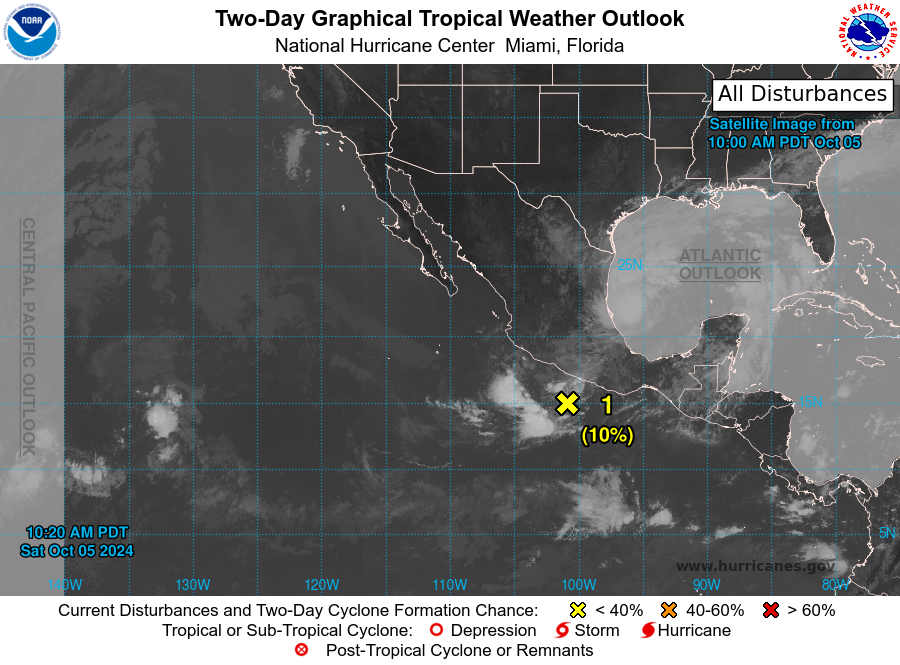
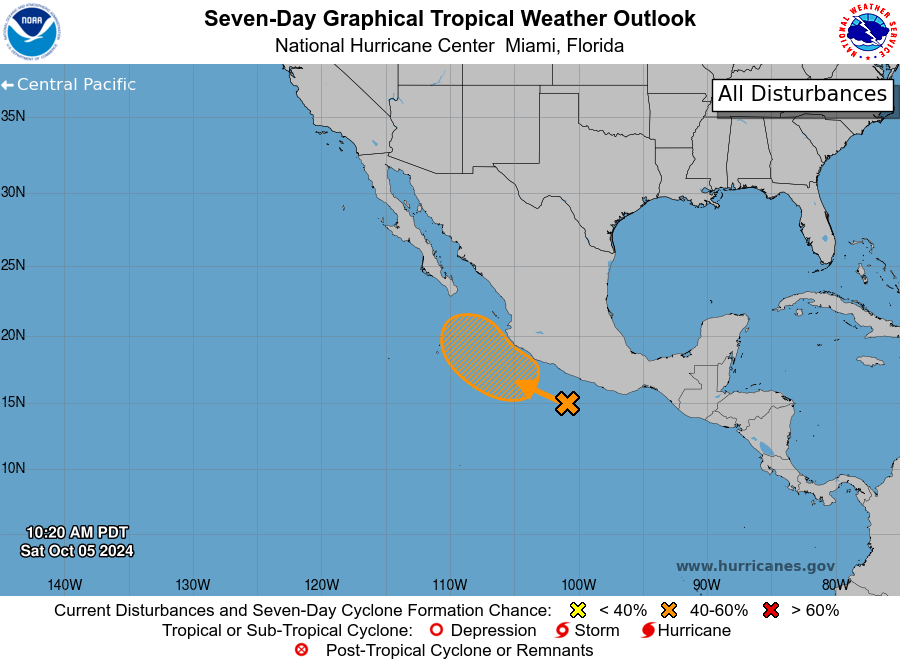
For the eastern North Pacific...east of 140 degrees west longitude:

1. Offshore of Southwestern Mexico: A broad area of low pressure offshore of the coast of southern Mexico is producing limited shower activity. Environmental conditions appear conducive for gradual development of this system during the next several days, and a tropical depression could form by the middle of next week while the system moves slowly northwestward, roughly parallel to the coast of southwestern Mexico.
* Formation chance through 48 hours...low...10 percent.
* Formation chance through 7 days...medium...50 percent.

Forecaster Brown